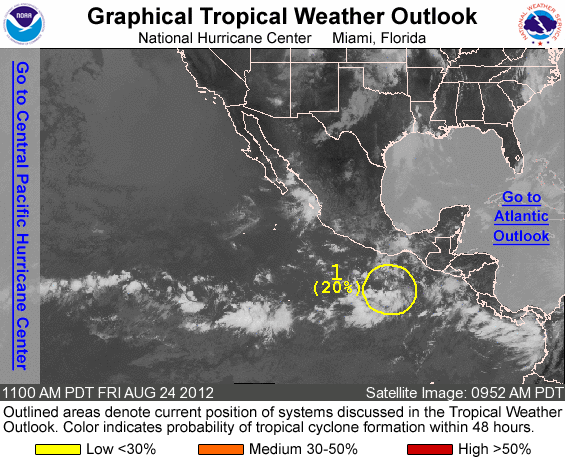
FOR THE EASTERN NORTH PACIFIC...EAST OF 140 DEGREES WEST LONGITUDE..

1. SHOWERS AND THUNDERSTORMS REMAIN DISORGANIZED IN ASSOCIATION WITH A BROAD AREA OF LOW PRESSURE LOCATED SEVERAL HUNDRED MILES SOUTH- SOUTHWEST OF THE GULF OF TEHUANTEPEC. ALTHOUGH ENVIRONMENTAL CONDITIONS ARE NOT CURRENTLY CONDUCIVE FOR DEVELOPMENT...THEY COULD BECOME MORE FAVORABLE DURING THE NEXT COUPLE OF DAYS. THIS SYSTEM HAS A LOW CHANCE...20 PERCENT...OF BECOMING A TROPICAL CYCLONE DURING THE NEXT 48 HOURS AS IT MOVES WESTWARD AT ABOUT 10 MPH.

ELSEWHERE...TROPICAL CYCLONE FORMATION IS NOT EXPECTED DURING THE NEXT 48 HOURS.

FORECASTER BERG